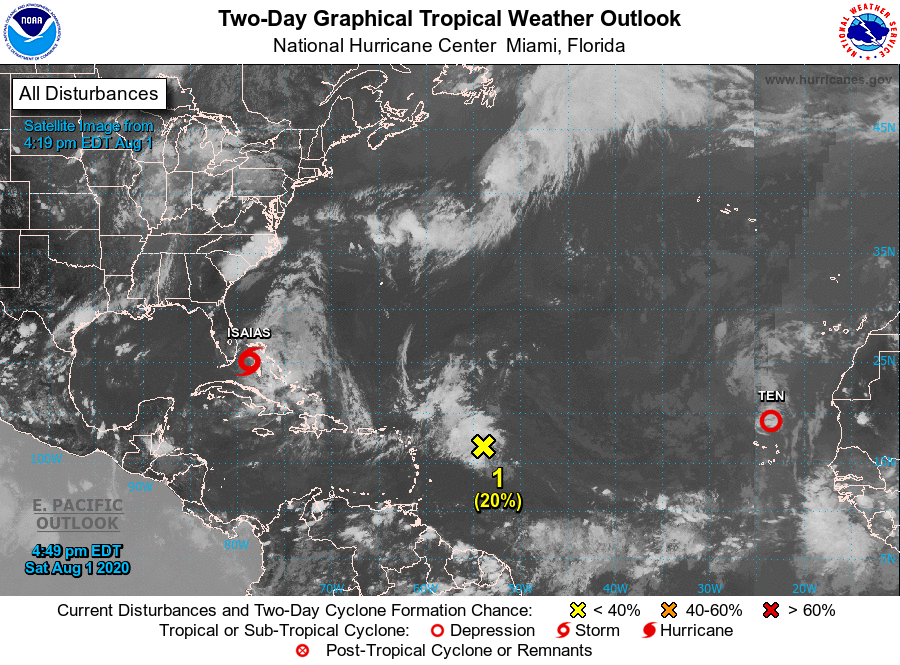
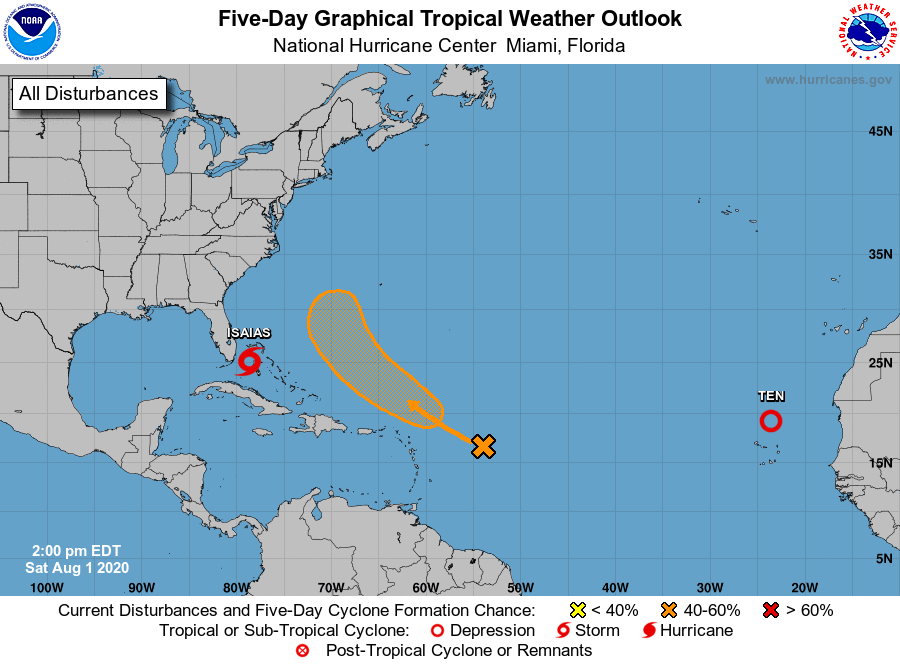
For the North Atlantic...Caribbean Sea and the Gulf of Mexico:

The National Hurricane Center is issuing advisories on Hurricane Isaias, located near Andros Island in the central Bahamas, and on Tropical Depression Ten, located over the far eastern Atlantic to the north of the Cabo Verde Islands.

1. Showers and thunderstorms have increased today in association with a westward-moving tropical wave, located about 500 miles east of the northern Leeward Islands. Environmental conditions are forecast to become more conducive for development in a day or two, and a tropical depression could form early next week. This system is forecast to turn northwestward and then northward over the western Atlantic, passing north of the Leeward Islands through the middle of next week.
* Formation chance through 48 hours...low...20 percent.
* Formation chance through 5 days...medium...60 percent.

Public Advisories on Tropical Depression Ten are issued under WMO header WTNT35 KNHC and under AWIPS header MIATCPAT5. Forecast/Advisories on Tropical Depression Ten are issued under WMO header WTNT25 KNHC and under AWIPS header MIATCMAT5.

Forecaster Latto